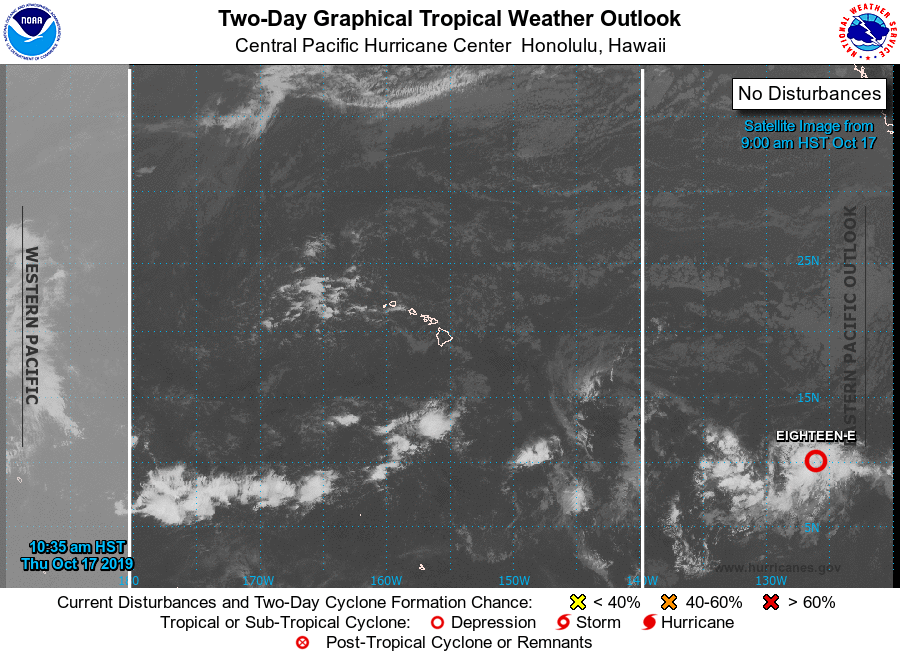
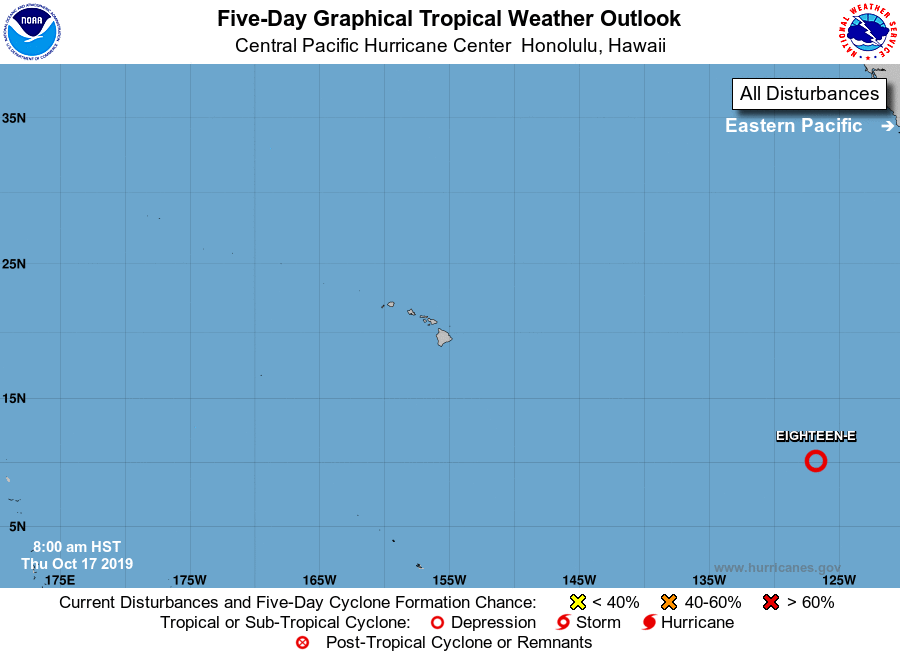
For the central North Pacific...between 140W and 180W:

No tropical cyclones are expected during the next 5 days.

Forecaster Kino